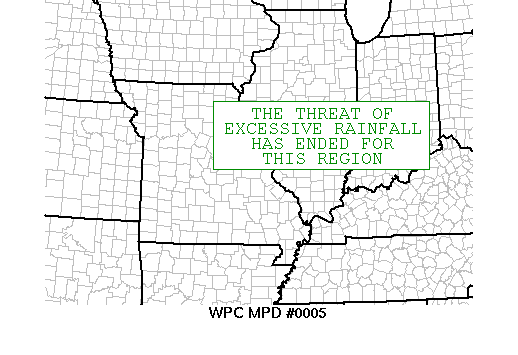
AREAS AFFECTED...SOUTHERN ILLINOIS...WESTERN INDIANA

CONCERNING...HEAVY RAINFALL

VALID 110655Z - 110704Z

SUMMARY...THE THREAT OF EXCESSIVE RAINFALL HAS ENDED FOR SOUTHERN
ILLINOIS AND WESTERN INDIANA.

DISCUSSION...THUNDERSTORMS WITH HEAVY RAINFALL HAVE MOVED INTO
CENTRAL INDIANA, WHICH ENDS THE THREAT OF EXCESSIVE RAINFALL FOR
THIS REGION.